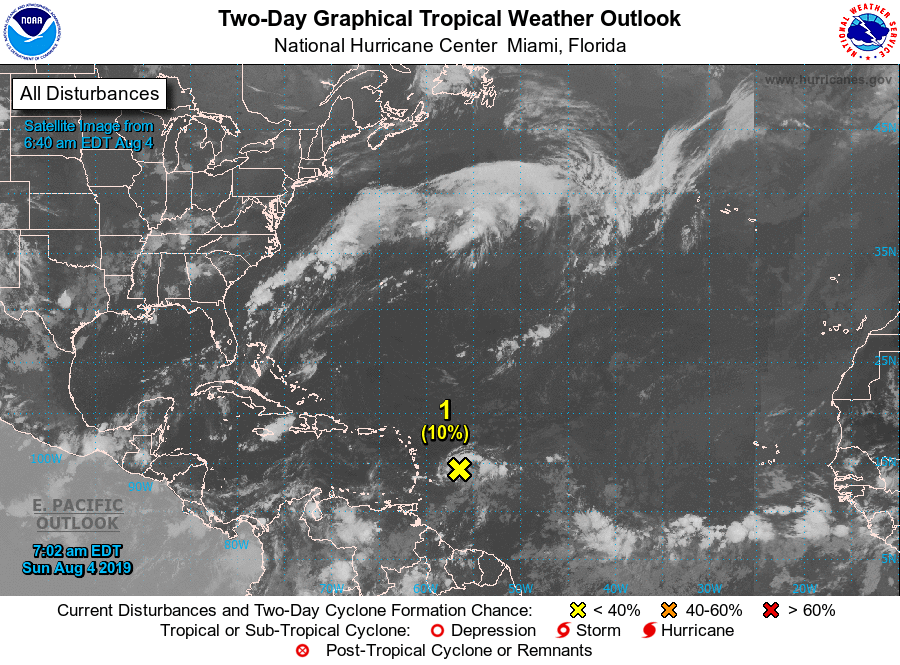
For the North Atlantic...Caribbean Sea and the Gulf of Mexico:

1. A westward-moving tropical wave located about 300 miles east of the central Lesser Antilles continues to produce an area of cloudiness and thunderstorms. Environmental conditions are forecast to become less conducive during the next couple of days, and significant development of this system is not anticipated.
* Formation chance through 48 hours...low...10 percent.
* Formation chance through 5 days...low...10 percent.

Forecaster Stewart